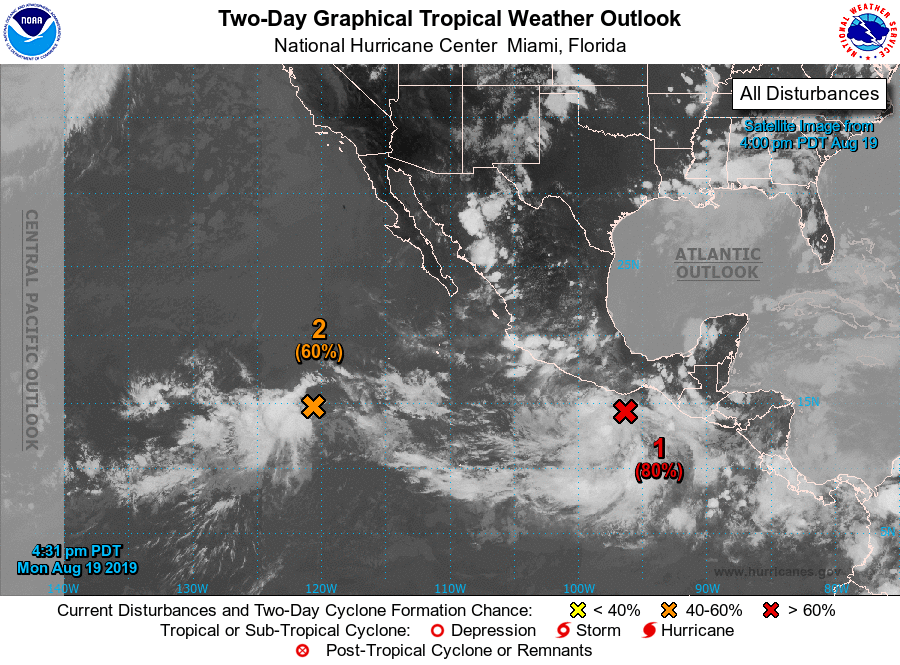
For the eastern North Pacific...east of 140 degrees west longitude:

1. A low pressure system located less than 200 miles south of the southern coast of Mexico continues to produce a large area of cloudiness of thunderstorms. Environmental conditions are conducive for development, and a tropical depression is likely to form during the next day or so while the low moves west-northwestward at about 10 mph, parallel to and just offshore of the coast of Mexico. Moisture associated with this disturbance could produce heavy rainfall and possible flash flooding across portions of Guatemala and southeastern Mexico during the next couple of days.
* Formation chance through 48 hours...high...80 percent.
* Formation chance through 5 days...high...90 percent.

2. Another low pressure system located more than 900 miles southwest of the southern tip of the Baja California peninsula is producing a large area of cloudiness and disorganized thunderstorms. Environmental conditions are expected to become more conducive for development by mid-week, and a tropical depression is likely to form during the next few days while the system moves westward to west-northwestward at about 10 mph.
* Formation chance through 48 hours...medium...60 percent.
* Formation chance through 5 days...high...80 percent.

Forecaster Stewart